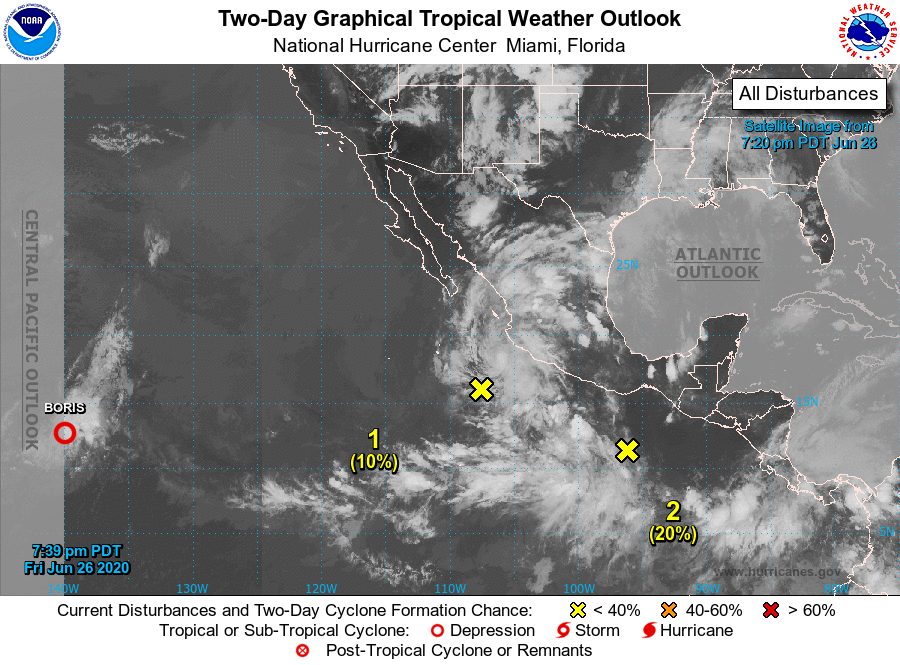
For the eastern North Pacific...east of 140 degrees west longitude:

The National Hurricane Center is issuing advisories on Tropical Depression Boris, located about 1100 miles east-southeast of Hilo, Hawaii.

1. A broad area of low pressure located a few hundred miles west-southwest of Manzanillo, Mexico, continues to produce disorganized showers and thunderstorms. Environmental conditions have become less conducive, and development of this system is unlikely as it moves west-northwestward at about 10 mph away from the coast of Mexico during the next couple of days.
* Formation chance through 48 hours...low...10 percent.
* Formation chance through 5 days...low...10 percent.

2. Another area of disorganized showers and thunderstorms is located several hundred miles south of the coast of southern Mexico. Some development of this system is possible, and a tropical depression could form early next week while it moves west-northwestward at about 15 mph parallel to the coast of Mexico.
* Formation chance through 48 hours...low...20 percent.
* Formation chance through 5 days...medium...40 percent.

Forecaster Latto